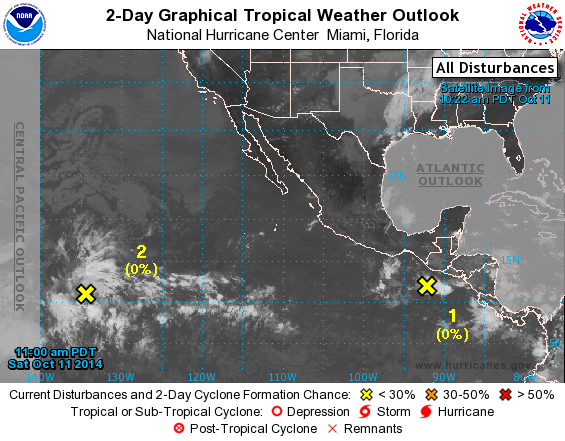
For the eastern North Pacific...east of 140 degrees west longitude:

1. Disorganized cloudiness and a few showers, associated with an elongated trough of low pressure, extend from near the coast of Nicaragua to a few hundred miles south-southwest of the Gulf of Tehuantepec. This system is expected to remain relatively close to Central America and southeastern Mexico during the next several days, and its proximity to land should make significant development less likely.
* Formation chance through 48 hours...low...near 0 percent.
* Formation chance through 5 days...low...10 percent.

2. Shower and thunderstorm activity has become slightly better organized in association with a trough of low pressure located about 1500 miles east-southeast of the Hawaiian Islands. Environmental conditions are conducive for continued gradual development of this system during the next several days while it moves westward or west-northwestward at around 15 mph.
* Formation chance through 48 hours...low...near 0 percent.
* Formation chance through 5 days...medium...40 percent.

Forecaster Kimberlain